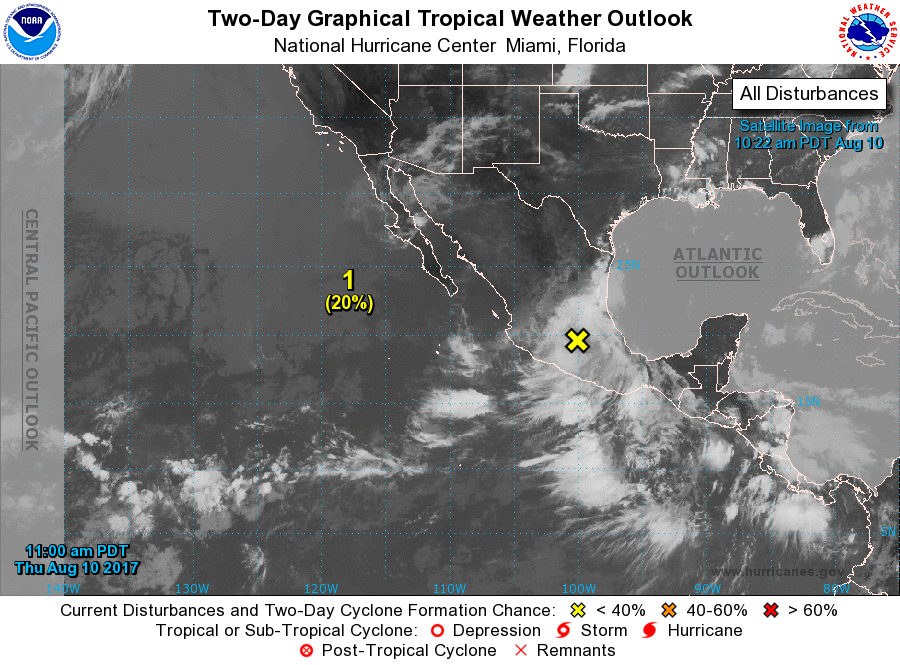
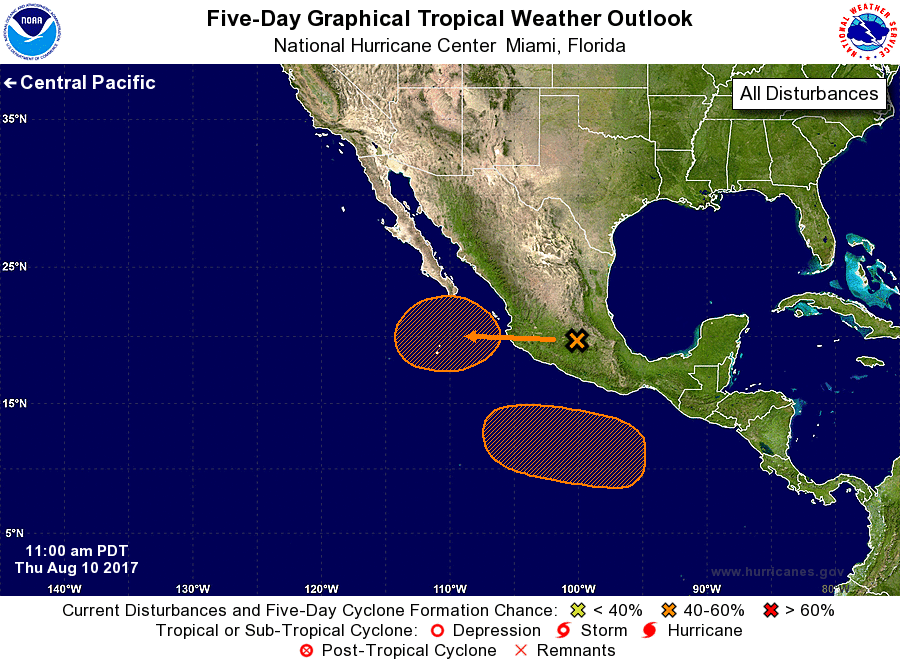
For the eastern North Pacific...east of 140 degrees west longitude:

1. An area of low pressure is expected to form just off the west-central coast of Mexico late this week in association with the remnants of Franklin, after it moves across southern Mexico. Some development of this system may occur before it moves west-northwestward into a less conducive environment on Sunday, or early next week.
* Formation chance through 48 hours...low...20 percent.
* Formation chance through 5 days...medium...40 percent.

2. Another area of low pressure is forecast to form well south of the coast of southern Mexico this weekend, or early next week. Environmental conditions are expected to be conducive for some slow development of this system as it moves west-northwestward at 10 to 15 mph.
* Formation chance through 48 hours...low...near 0 percent.
* Formation chance through 5 days...medium...40 percent.

Forecaster Roberts